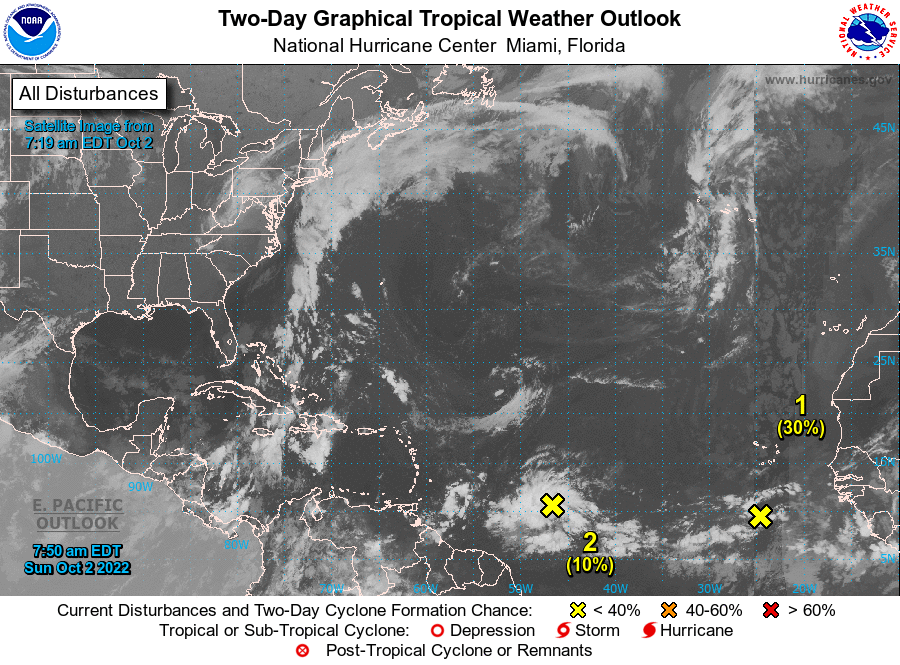
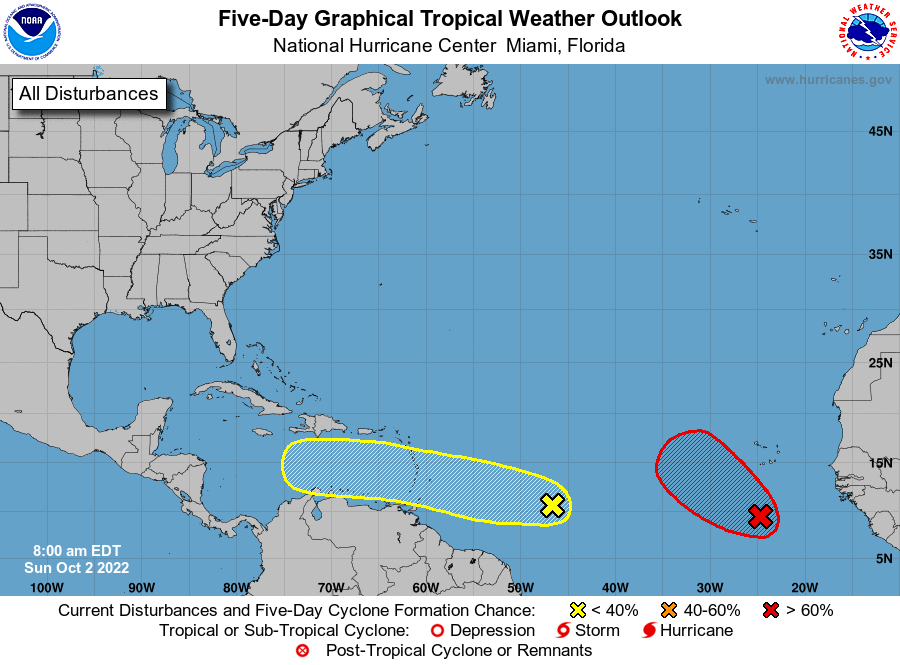
For the North Atlantic...Caribbean Sea and the Gulf of Mexico:

1. Eastern Tropical Atlantic: A tropical wave located several hundred miles south of the Cabo Verde Islands continues to produce disorganized showers and thunderstorms. Environmental conditions are forecast to be favorable for some gradual development during the next several days. Therefore, a tropical depression is likely to form during the early or middle part of next week while the system moves westward, then turns northwestward or northward toward the end of the week over the eastern tropical Atlantic.
* Formation chance through 48 hours...low...30 percent.
* Formation chance through 5 days...high...70 percent.

2. Central Tropical Atlantic: Shower and thunderstorm activity associated with a tropical wave located several hundred miles east of the Windward Islands has increased over the past day or so. Some gradual development of the wave is possible during the next few days while it moves generally westward at 15 to 20 mph.
* Formation chance through 48 hours...low...10 percent.
* Formation chance through 5 days...low...20 percent.

Forecaster D. Zelinsky